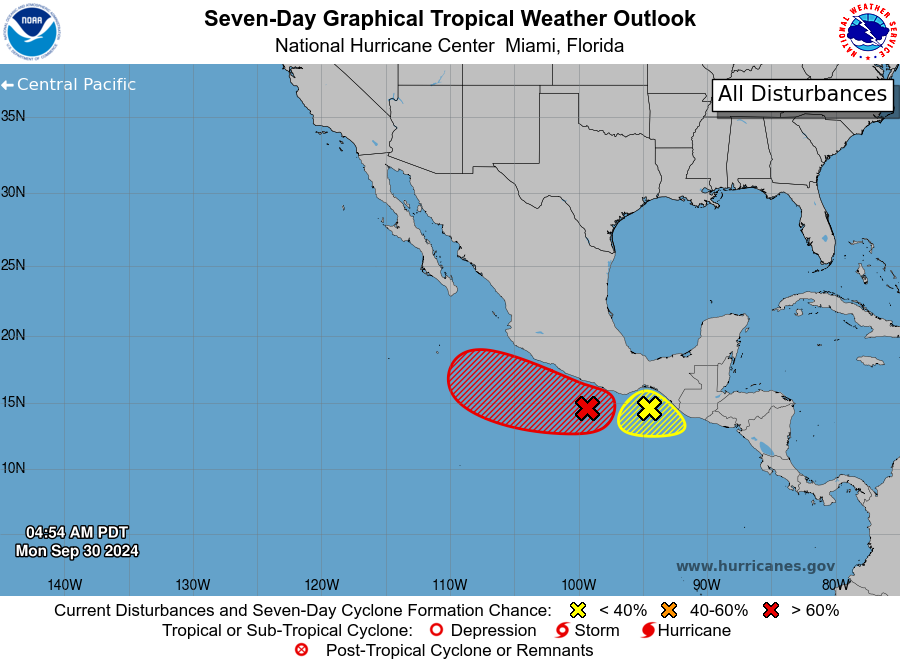
For the eastern North Pacific...east of 140 degrees west longitude:

1. Offshore of Southwestern Mexico: An area of low pressure is expected to develop off the coast of southwestern Mexico during the next day or so. After that time, environmental conditions are expected to be generally conducive for additional development, and a tropical depression is likely to form by the middle or latter portions of this week. The disturbance is forecast to meander near or just offshore the coast for much of the week, and then begin moving slowly west-northwestward, parallel to the coast of Mexico by this weekend. Regardless of development, this system is expected to contribute to additional heavy rainfall across portions of the southwestern coast of Mexico already adversely affected by substantial rainfall last week, and interests there should monitor the progress of this disturbance.
* Formation chance through 48 hours...low...20 percent.
* Formation chance through 7 days...high...70 percent.

2. South of the Gulf of Tehuantepec: Another area of low pressure has developed in the Gulf of Tehuantepec and is producing disorganized showers and thunderstorms primarily offshore of southern Mexico. The system is forecast to move erratically through mid-week before drifting northward towards the southern Mexican coast, and some additional development of the system is possible while it remains offshore. Regardless of formation, heavy rain is possible along most of the coast of southern Mexico and northern Central America throughout this week.
* Formation chance through 48 hours...low...20 percent.
* Formation chance through 7 days...low...20 percent.

Forecaster Papin